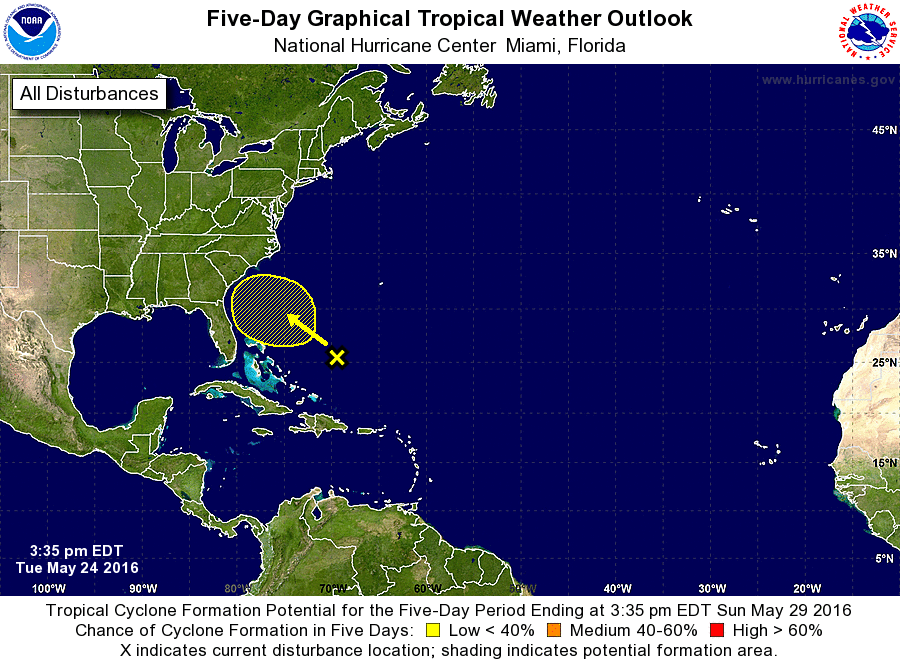
For the North Atlantic...Caribbean Sea and the Gulf of Mexico:

1. An area of showers and thunderstorms over the western Atlantic Ocean near and northeast of the Bahamas is associated with the interaction of an upper-level trough and a weakening cold front. While development is not expected for the next couple of days, environmental conditions could become more conducive for some tropical or subtropical development by Friday. This area of disturbed weather is expected to move slowly west-northwestward or northwestward and gradually approach the southeastern United States over the next few days. The next Special Tropical Weather Outlook will be issued by 4 PM EDT Wednesday.
* Formation chance through 48 hours...low...near 0 percent
* Formation chance through 5 days...low...30 percent

Forecaster Blake